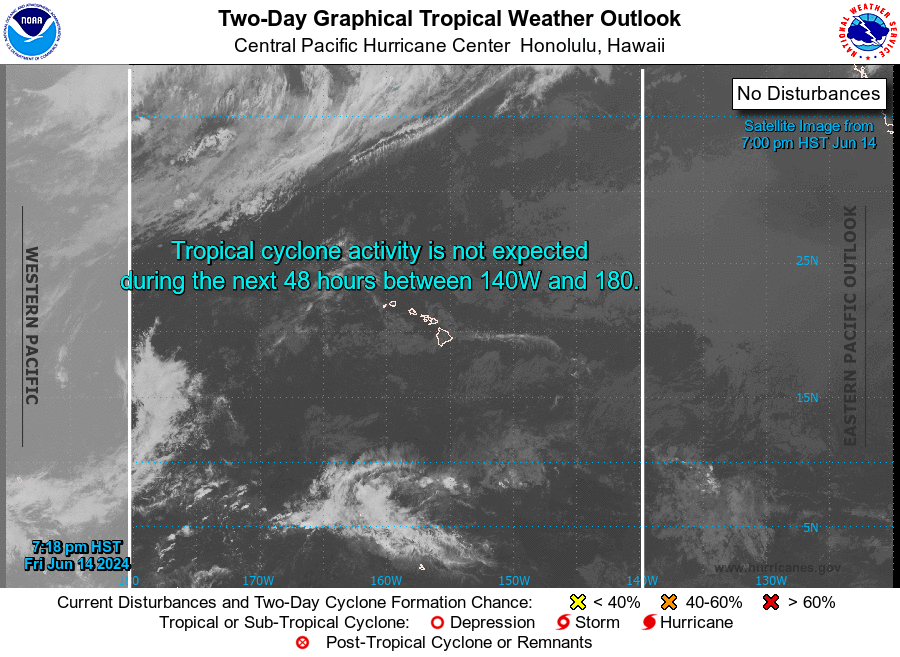
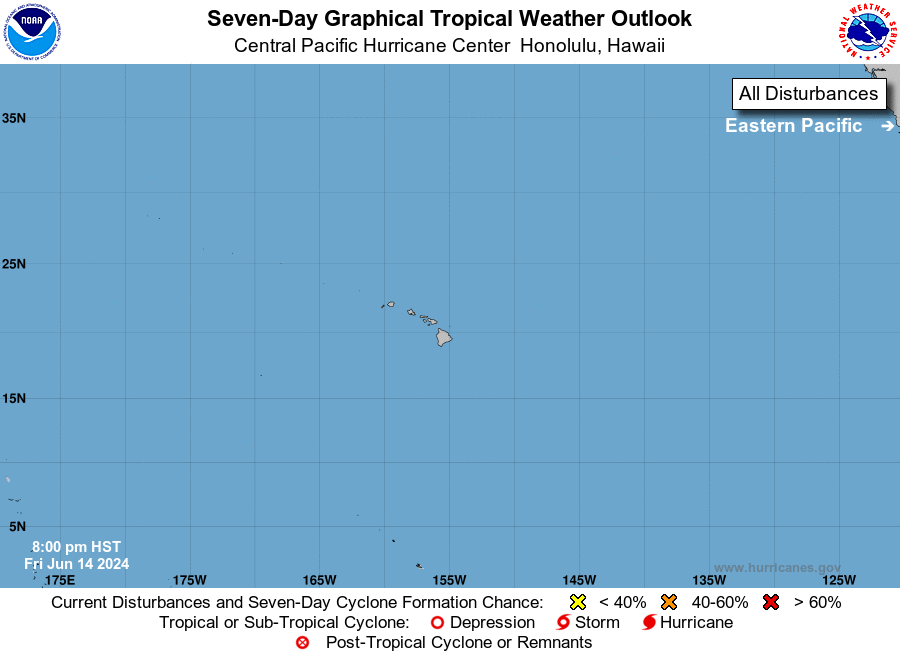
For the central North Pacific...between 140W and 180W:

No tropical cyclones are expected during the next 7 days.

Forecaster Bohlin